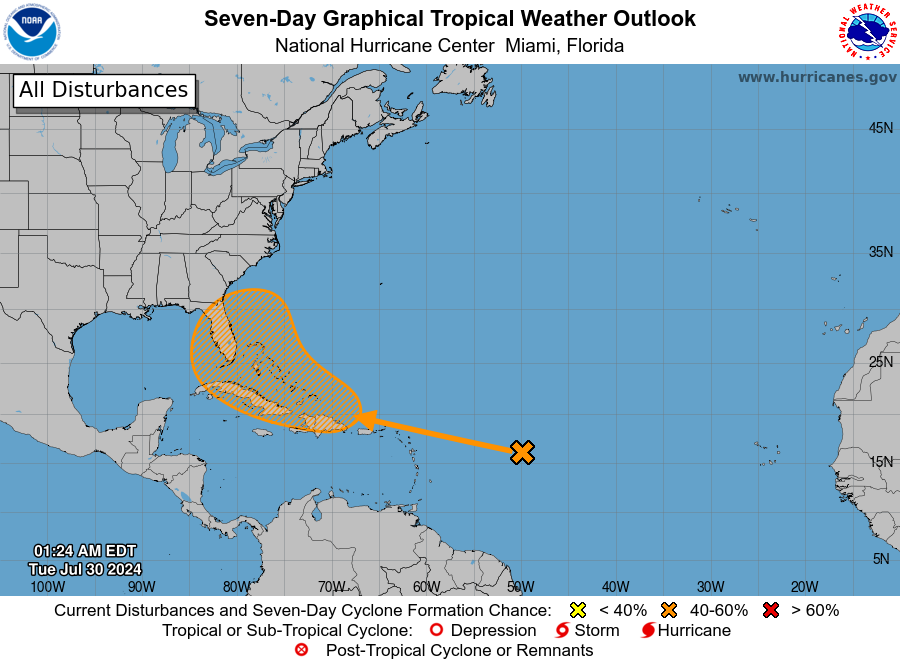
For the North Atlantic...Caribbean Sea and the Gulf of Mexico:

1. Near the Greater Antilles and the Bahamas: A large tropical wave centered several hundred miles east of the Leeward Islands is producing limited shower activity due to dry air aloft. Environmental conditions are forecast to become more conducive for development over the warmer waters of the southwestern Atlantic Ocean during the next day or two, and a tropical depression could form late this week while the system is in the vicinity of the Greater Antilles or the Bahamas. Interests in the Greater Antilles, the Bahamas, and the southeastern U.S. should monitor the progress of this system.
* Formation chance through 48 hours...low...near 0 percent.
* Formation chance through 7 days...medium...60 percent.

Forecaster Blake